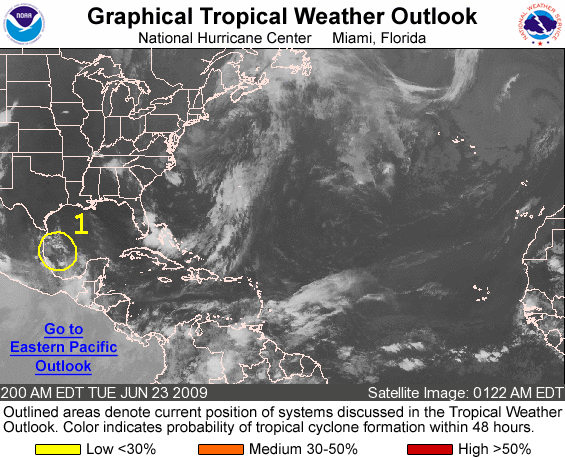
FOR THE NORTH ATLANTIC...CARIBBEAN SEA AND THE GULF OF MEXICO...

1. SHOWERS AND THUNDERSTORMS ASSOCIATED WITH AN AREA OF LOW PRESSURE OVER THE SOUTHWESTERN GULF OF MEXICO HAVE CHANGED LITTLE DURING THE PAST FEW HOURS. DEVELOPMENT OF THIS SYSTEM...IF ANY...IS EXPECTED TO BE SLOW TO OCCUR AS IT MOVES SLOWLY NORTHWESTWARD. THERE IS A LOW CHANCE...LESS THAN 30 PERCENT...OF THIS SYSTEM BECOMING A TROPICAL CYCLONE DURING THE NEXT 48 HOURS. LOCALLY HEAVY RAINFALL IS POSSIBLE OVER PORTIONS OF EAST-CENTRAL AND NORTHEASTERN MEXICO DURING THE NEXT COUPLE OF DAYS.

ELSEWHERE...TROPICAL CYCLONE FORMATION IS NOT EXPECTED DURING THE NEXT 48 HOURS.

FORECASTER PASCH